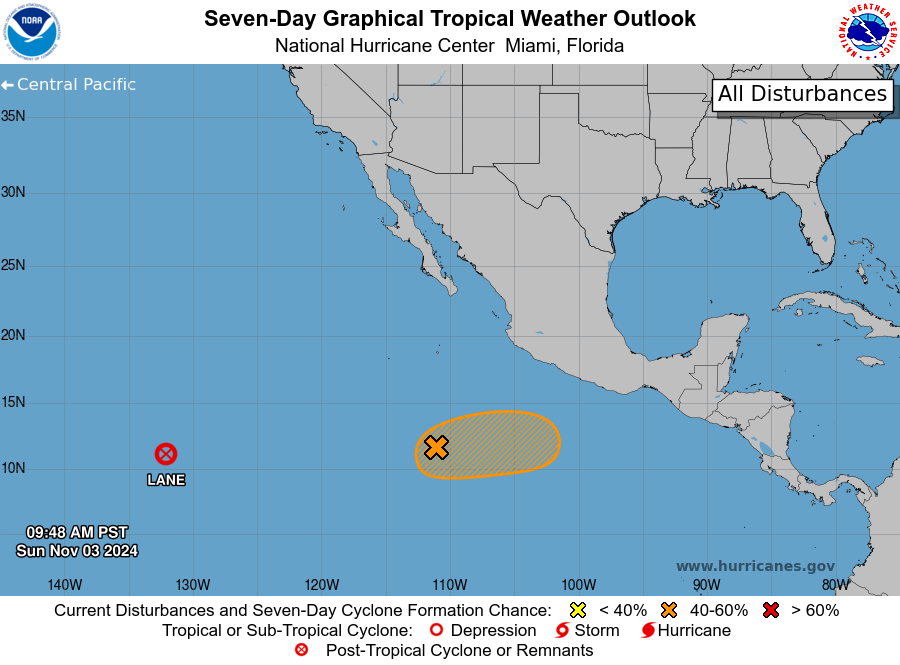
For the eastern North Pacific...east of 140 degrees west longitude:

Active Systems: The National Hurricane Center has issued its last advisory on Post-Tropical Cyclone Lane, located over the western portion of the eastern Pacific basin.

1. Southwest of Southwestern Mexico (EP93): An area of low pressure located well to the south of the southern tip of Baja California is producing some disorganized shower and thunderstorm activity. Environmental conditions appear marginally conducive for some additional development of this slow-moving system, and a tropical depression could form over the next couple of days. The low is expected to begin an eastward drift in a few days.
* Formation chance through 48 hours...medium...60 percent.
* Formation chance through 7 days...medium...60 percent.

Forecaster Bucci